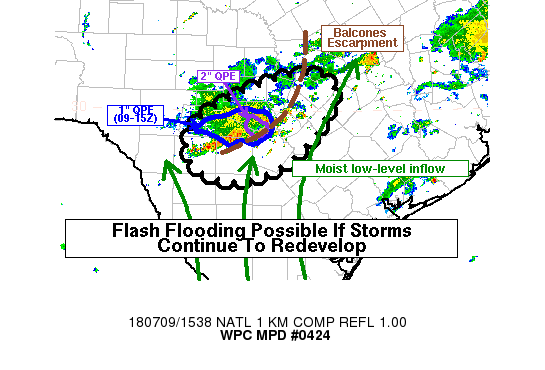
AREAS AFFECTED...EASTERN TEXAS HILL COUNTRY AND I-35 CORRIDOR

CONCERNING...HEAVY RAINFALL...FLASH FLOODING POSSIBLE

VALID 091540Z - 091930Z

SUMMARY...NEARLY STATIONARY RAIN AND THUNDERSTORMS HAVE PERSISTED
THIS MORNING JUST NORTHWEST OF SAN ANTONIO...AND AREA CONTRIBUTING
TO A CONCENTRATED AREA OF HEAVY RAINFALL. CONTINUATION OF THIS
ACTIVITY...OR ADDITIONAL REDEVELOPMENT OF SLOW-MOVING
THUNDERSTORMS THIS AFTERNOON MAY LEAD TO SOME FLASH FLOODING IN
THE EASTERN PORTION OF TEXAS HILL COUNTRY... NEAR THE BALCONES
ESCARPMENT... AND INTO THE AUSTIN-SAN ANTONIO PORTION OF THE I-35
CORRIDOR. RAIN RATES COULD REACH 1-2 IN/HR.

DISCUSSION...KEWX RADAR SHOWS A PERSISTENT BAND OF CONVECTION THAT
IS SITUATED JUST NORTHWEST OF SAN ANTONIO...ROUGHLY NEAR THE
TERRAIN GRADIENT OF THE BALCONES ESCARPMENT...MARKING THE EASTERN
EXTENT OF TEXAS HILL COUNTRY. IT WAS ALSO ON THE NOSE OF SOME
BROAD SOUTHERLY LOW-LEVEL INFLOW WHICH MAY BE COMBINING WITH
EXISTING THUNDERSTORM OUTFLOW BOUNDARY AND COLD POOL...AS WELL AS
THE TERRAIN GRADIENT TO PROVIDE FOR REGENERATION OF LOW-TOPPED
CONVECTION THAT THEN QUICKLY LIFTS INTO THE EXISTING CONVECTIVE
BAND. IT IS UNCERTAIN HOW LONG THIS WILL CONTINUE...AS WE ARE
APPROACHING A TIME OF DAY (15-17Z) WHEN STRONGER INSTABILITY TENDS
TO BUILD AND CONVECTION CAN BECOME DEEPER. THIS MAY ALLOW FOR
DIFFERENT PROPAGATION AND EVOLUTION IN A COUPLE HOURS TIME.
NEVERTHELESS...LOW-TOPPED CONVECTION CONTINUES TO PERSIST OVER
AREAS THAT KEWX DUAL POL ESTIMATES PLACE 2-4 INCHES OF RAINFALL
ALREADY IN THE PAST SIX HOURS.

THERE WILL ALSO BE THE POSSIBILITY OF REDEVELOPMENT IN THE
AFTERNOON. HI-RES MODELS FAIL TO SHOW MUCH FOCUSED CONVECTIVE
DEVELOPMENT DURING THE AFTERNOON...BUT THEY MAY BE UNDERESTIMATING
THE STRENGTH OF THE COLD POOL AND CONVECTIVELY INFLUENCED
WEST-EAST OUTFLOW BOUNDARY THAT SHOULD BE NEARLY STATIONARY OVER
THE NEXT FEW HOURS. THE RAP MODEL FORECASTS LOW-LEVEL SOUTHERLY
FLOW TO INCREASE BY 18Z...PARTICULARLY THE PORTION THAT WILL BE
FOCUSED INTO THE SAN ANTONIO TO UVALDE AREA. THIS MAY ALLOW FOR
REDEVELOPMENT OF DEEPER CONVECTION NEAR AREAS THAT HAVE ALREADY
RECEIVED HEAVY RAINFALL.

CONFIDENCE IS SLIGHTLY BELOW AVERAGE GIVEN A LACK OF HI-RES MODEL
SUPPORT...BUT GIVEN THE VERY MOIST ENVIRONMENT (PWATS AROUND 2.0
TO 2.1 INCHES)...ALREADY HEAVY RAINFALL...AND ONGOING HYDROLOGIC
RESPONSE INDICATED BY THE CREST MODEL IN PORTIONS OF
BANDERA...KENDALL...AND NORTHWEST BEXAR COUNTIES...IT DOES APPEAR
THAT ANY ADDITIONAL RAINFALL COULD EXACERBATE THE FLOOD POTENTIAL
IN A CLIMATOLOGICALLY FAVORABLE REGION FOR FLASH FLOODING.